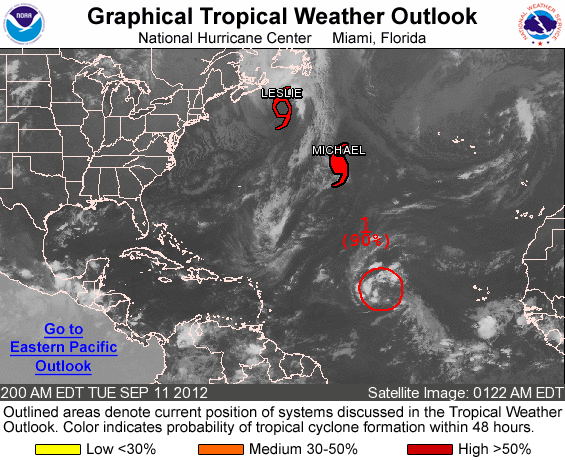
FOR THE NORTH ATLANTIC...CARIBBEAN SEA AND THE GULF OF MEXICO...

THE NATIONAL HURRICANE CENTER IS ISSUING ADVISORIES ON TROPICAL STORM LESLIE THAT IS APPROACHING NEWFOUNDLAND...AND ON HURRICANE MICHAEL...LOCATED ABOUT 1175 MILES WEST OF THE AZORES.

1. A LOW PRESSURE SYSTEM LOCATED OVER THE CENTRAL TROPICAL ATLANTIC... ABOUT MIDWAY BETWEEN THE CAPE VERDE ISLANDS AND THE LESSER ANTILLES...CONTINUES TO SHOWS SIGNS OF ORGANIZATION. ONLY A SLIGHT INCREASE IN THUNDERSTORM ACTIVITY WOULD RESULT IN THE FORMATION OF A TROPICAL DEPRESSION. THIS SYSTEM HAS A HIGH CHANCE... 90 PERCENT...OF BECOMING A TROPICAL CYCLONE DURING THE NEXT 48 HOURS AS IT MOVES WEST-NORTHWESTWARD AT 15 TO 20 MPH.

ELSEWHERE...TROPICAL CYCLONE FORMATION IS NOT EXPECTED DURING THE NEXT 48 HOURS.

FORECASTER BROWN